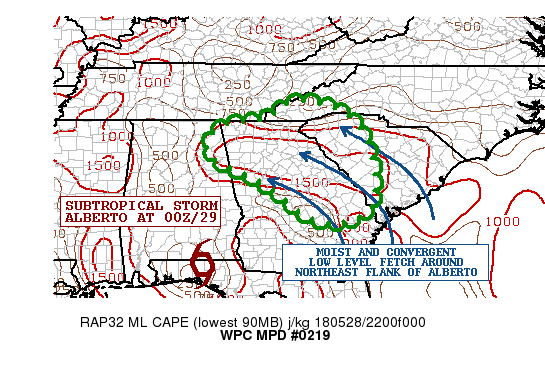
AREAS AFFECTED...FAR NORTHEAST AL...CENTRAL/NORTHERN
GA...CENTRAL/WESTERN SC...SOUTHWEST NC

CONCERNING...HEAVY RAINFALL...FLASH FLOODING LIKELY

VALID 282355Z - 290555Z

SUMMARY...HEAVY SHOWERS AND THUNDERSTORMS TO BECOME MORE FOCUSED
THROUGH THE LATE EVENING HOURS...WITH ENHANCED RAINFALL RATES THAT
MAY EXCEED 2 INCHES/HR. FLASH FLOODING IS LIKELY.

DISCUSSION...THE LATE-DAY GOES-16 VISIBLE SATELLITE IMAGERY SHOWS
NUMEROUS CLUSTERS OF HEAVY SHOWERS AND THUNDERSTORMS SETTING UP
ACROSS CENTRAL AND NORTHEAST GA WITH ADDITIONAL CELL DEVELOPMENT
NOTED OVER PORTIONS OF NORTHWEST SC. THE ACTIVITY IS ALL
ASSOCIATED WITH THE CIRCULATION AROUND THE OUTER NORTHEAST FLANK
OF SUBTROPICAL STORM ALBERTO.

CONVECTION ACROSS THIS REGION IS BECOMING A BIT MORE FOCUSED GIVEN
ENHANCED LOW LEVEL MOISTURE TRANSPORT/CONVERGENCE AND COUPLED WITH
A 250 MB JET DIVERGENCE MAX ORIENTED FROM EASTERN GA NORTH UP
ACROSS THE FAR SOUTHERN APPALACHIANS. THERE IS A MODERATELY
UNSTABLE BOUNDARY LAYER IN PLACE WITH MLCAPE VALUES OF 1000 TO
1500+ J/KG ACROSS MUCH OF NORTHERN GA AND STRETCHING EAST ACROSS
CENTRAL/WESTERN SC.

THE PWAT ENVIRONMENT REMAINS IMPRESSIVELY CONDUCIVE FOR ENHANCED
RAINFALL RATES WITH VALUES OF 1.9 TO 2.1 INCHES...AND A NOTABLE
CONCENTRATION ALOFT IN THE 500/300 MB LAYER. THIS WILL FAVOR
HIGHLY EFFICIENT RAINFALL PROCESSES THAT WILL BE CONDUCIVE FOR
RAINFALL RATES OF 2 TO 3 INCHES/HR WITHIN THE STRONGER CONVECTIVE
CORES/SEGMENTS.

THE TRENDS OVER THE LAST FEW HOURS IN THE HRRR AND HRRRX GUIDANCE
HAS BEEN TO SUGGEST A MORE ORGANIZED CONVECTIVE EVOLUTION THROUGH
LATE EVENING...WITH AN INCREASED THREAT OF FOCUSED HEAVY/EXCESSIVE
RAINFALL NEAR THE SOUTHERN APPALACHIANS.

RAINFALL AMOUNTS OF AS MUCH AS 3 TO 6 INCHES WILL BE POSSIBLE WITH
ISOLATED HEAVIER AMOUNTS GOING THROUGH 06Z. IN ADDITION TO THE
MORE URBANIZED AREAS...THE CONCERN WILL BE THE DEEPER LAYER MOIST
SOUTHEAST FLOW INTO THE UPSLOPE AREAS OF NORTHEAST GA...UPSTATE
SC...AND SOUTHWEST NC WHERE OROGRAPHIC FORCING OVER THE TERRAIN
WILL BE ENHANCED AND THUS PROMOTING HEAVIER RAINFALL POTENTIAL.

FLASH FLOODING WILL BE LIKELY ACROSS MANY AREAS THIS EVENING ND
ESPECIALLY NEAR THE UPSLOPE AREAS OF THE SOUTHERN APPALACHIANS AS
THESE CONVECTIVE BANDS ASSOCIATED WITH SUBTROPICAL STORM ALBERTO
CONTINUE NORTH.